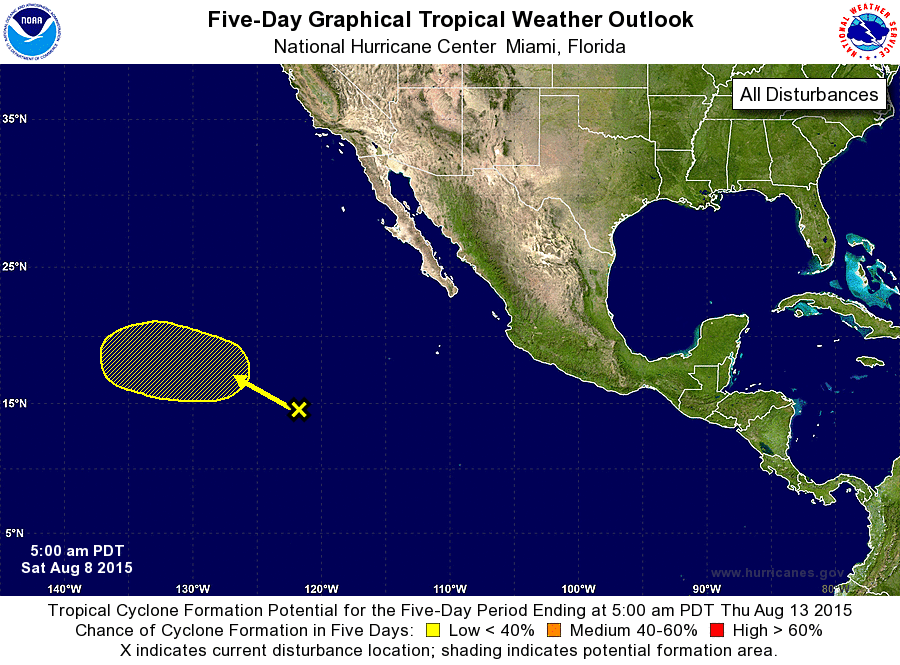
For the eastern North Pacific...east of 140 degrees west longitude:

1. A broad trough of low pressure located about 1000 miles southwest of the southern tip of the Baja California peninsula continues to produce disorganized shower and thunderstorm activity. While some development of this system is still possible, it is becoming more likely that it will reach cooler water and encounter unfavorable upper-level winds before becoming a tropical cyclone.
* Formation chance through 48 hours...low...near 0 percent
* Formation chance through 5 days...low...20 percent

Forecaster Beven